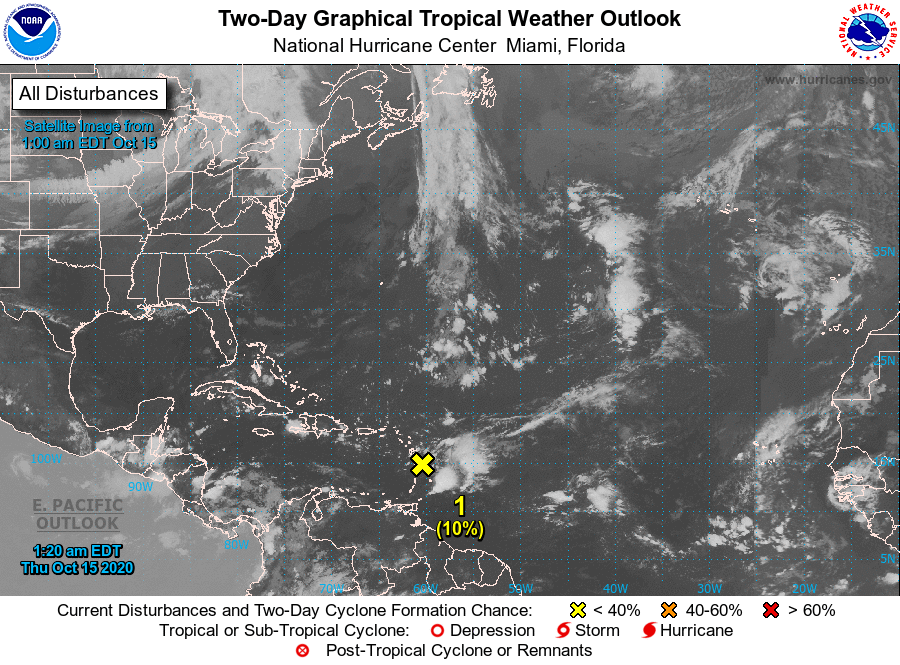
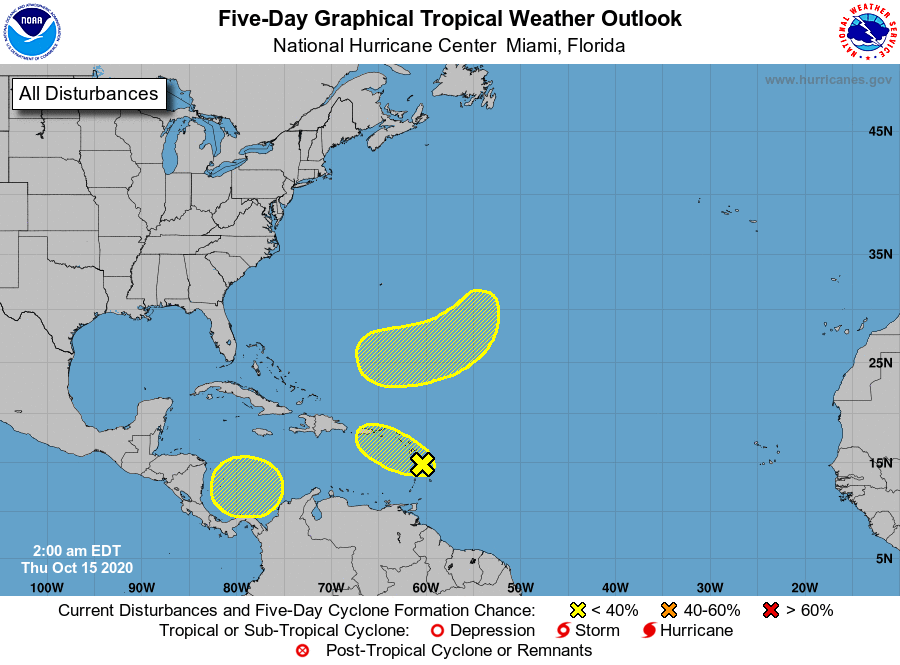
For the North Atlantic...Caribbean Sea and the Gulf of Mexico:

1. A weak area of low pressure near the Lesser Antilles continues to produce a large area of disorganized showers and thunderstorms, well to the east of its center. Strong upper-level winds are expected to continue to inhibit development while the system moves west-northwestward over the next couple of days. Regardless of development, the system could produce locally heavy rainfall across portions of the Lesser Antilles, the Virgin Islands, and Puerto Rico over the next few days.
* Formation chance through 48 hours...low...10 percent.
* Formation chance through 5 days...low...10 percent.

2. A broad non-tropical low pressure system is expected to form over the weekend several hundred miles east-southeast of Bermuda. Some slow development will be possible thereafter into early next week while the system moves southwestward and then westward, passing about midway between Bermuda and the northern Lesser Antilles.
* Formation chance through 48 hours...low...near 0 percent.
* Formation chance through 5 days...low...20 percent.

3. A broad area of low pressure could form by early next week over the southwestern Caribbean Sea. Some gradual development of the system will be possible thereafter while it moves slowly west-northwestward.
* Formation chance through 48 hours...low...near 0 percent.
* Formation chance through 5 days...low...20 percent.

Forecaster Brown